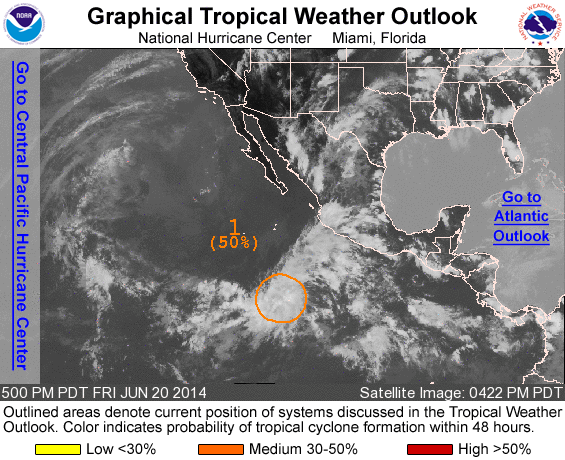
For the eastern North Pacific...east of 140 degrees west longitude:

1. Shower and thunderstorm activity has continued to increase and become better organized in association with a nearly stationary low pressure system located about 725 miles south-southwest of Manzanillo, Mexico. Although upper-level winds are favorable, proximity to dry air in the northwestern portion of the low could inhibit significant development of this disturbance. Upper-level winds are expected to become less conducive on Sunday for tropical cyclone formation to occur while the system moves northward at 5 to 10 mph.
* Formation chance through 48 hours...medium...50 percent.
* Formation chance through 5 days...medium...50 percent.

Forecaster Stewart